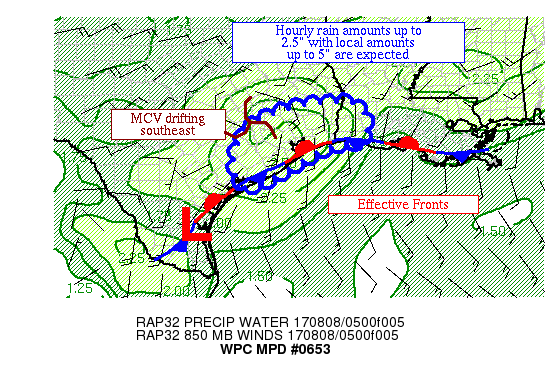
AREAS AFFECTED...SOUTHEAST TX & SOUTHWEST LA

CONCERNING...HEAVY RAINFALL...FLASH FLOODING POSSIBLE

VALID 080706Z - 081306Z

SUMMARY...BANDS OF THUNDERSTORMS CONTINUE TO ROTATE AROUND THE
SOUTH AND EAST SIDE OF AN MCV.  HOURLY RAIN RATES UP TO 2.5" WITH
LOCAL AMOUNTS TO 5" ARE EXPECTED.

DISCUSSION...PER NON-OPERATIONAL GOES-16 INFRARED IMAGERY, COOLING
CLOUD TOPS CONTINUE TO EXPAND WITH THUNDERSTORMS SOUTH AND EAST OF
AN MCV WHICH APPEARS TO BE SLOWING ITS PROGRESSION TO THE
SOUTHEAST, WITH MOTION OF 5-10 KTS OVER THE LAST SEVERAL HOURS.  A
HINT OF A WARM ADVECTION BAND HAS SHOWN UP IN RECENT RADAR IMAGERY
ACROSS JEFFERSON INTO SOUTHEAST LIBERTY COUNTY WHILE FEEDER BANDS
FROM SLIGHTLY MORE UNSTABLE AREA ARE BEING DIRECTED IN FROM
HALLETTSVILLE TX.  PRECIPITABLE WATER VALUES OF 2-2.5" EXIST IN
THIS AREA.  BOTH VAD WIND PROFILES AND STORM MOTIONS INDICATE THAT
INFLOW AT 850 HPA IS 25-30 KTS AROUND THE MCV, NEARLY DOUBLE THE
MEAN 850-400 HPA WIND.  THE INFLOW AROUND THE MCV IS IMPORTING MU
CAPE VALUES OF 1000-3000 J/KG AROUND ITS SOUTHERN AND EASTERN
PERIPHERY, WITH SOME SLIGHT UPWARD TRENDS NOTED IN SOUTHWEST LA
OVER THE PAST SEVERAL HOURS.

WHILE THE MESOSCALE GUIDANCE FROM 00Z ZEROED IN ON THIS COMPLEX,
IN GENERAL IT APPEARS TO BE TRACKING THUNDERSTORMS ON ITS EASTWARD
FLANK 2-3 HOURS TOO SLOWLY TO THE EAST.  VEERING INFLOW AT 850 HPA
WITHIN RAP MASS FIELDS SUGGESTS THAT THE HEAVY RAIN THREAT SHOULD
MOVE ACROSS THE GOLDEN TRIANGLE OF SOUTHEAST TX INTO IMPERIAL
CALCASIEU OVER THE NEXT SEVERAL HOURS AND SLOWLY OUT OF HOUSTON
TX.  THE MODEL SIGNAL REMAINS FOR LOCAL AMOUNTS TO 5" DURING THIS
TIME FRAME, WITH HOURLY RAIN RATES TO 2.5" DUE TO CELL MERGERS AND
TRAINING.  THIS RAINFALL WOULD PROLONG FLOODING ISSUES IN THE
HOUSTON TX AREA AND COULD INTRODUCE ISSUES IN AREAS FARTHER EAST
WHICH RECEIVED POCKETS OF 3-5" OF RAIN ON MONDAY.